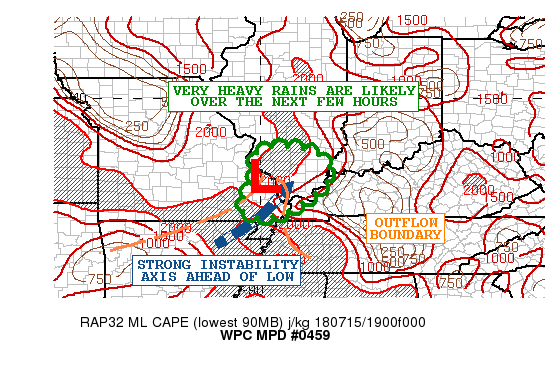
AREAS AFFECTED...SOUTHERN IL...SOUTHEAST MO

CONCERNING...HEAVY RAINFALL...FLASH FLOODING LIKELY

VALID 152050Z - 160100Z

SUMMARY...CONCENTRATED AXIS OF HEAVY RAINFALL EXPECTED IN
ASSOCIATION WITH COMPACT LOW CENTER. FLASH FLOODING WILL BE LIKELY
GIVEN THE LOCALLY WET ANTECEDENT CONDITIONS.

DISCUSSION...THE LATEST GOES-16 VISIBLE SATELLITE IMAGERY AND
SURFACE OBSERVATIONS SHOW A COMPACT LOW PRESSURE CENTER MOVING
ACROSS SOUTHERN IL WHICH IS INTERACTING WITH A NARROW AXIS OF
STRONG INSTABILITY LIFTING NORTHEAST AHEAD OF THE WAVE. THIS IS
DRIVING AN AREA OF DEEP CONVECTION OVER SOUTHWEST IL WITH COLD
TOPS REACHING OVER -65C.

MLCAPE VALUES OF 2000 TO 2500 J/KG ARE IN PLACE...AND WITH PWATS
ACROSS THE REGION OF 1.75 TO 2.0 INCHES WHICH WILL BE CONDUCIVE
FOR ENHANCED RAINFALL RATES OF 2.5 INCHES/HR. EXPECT AS MUCH AS 3
TO 4 INCHES OF RAINFALL TO BE POSSIBLE ALONG AND NEAR THE TRACK OF
THE LOW CENTER OVER THE NEXT FEW HOURS AS IT MOVES SLOWLY OFF TO
THE EAST. THE CONVECTIVE THREAT WILL ALSO INVOLVE PORTIONS OF
SOUTHEAST MO WHERE STRONG INSTABILITY IS NOTED AHEAD OF A SURFACE
TROUGH.

THE INTENSE RAINFALL RATES AND RELATIVELY WET ANTECEDENT
CONDITIONS WILL PROMOTE A LIKELIHOOD OF FLASH FLOODING.